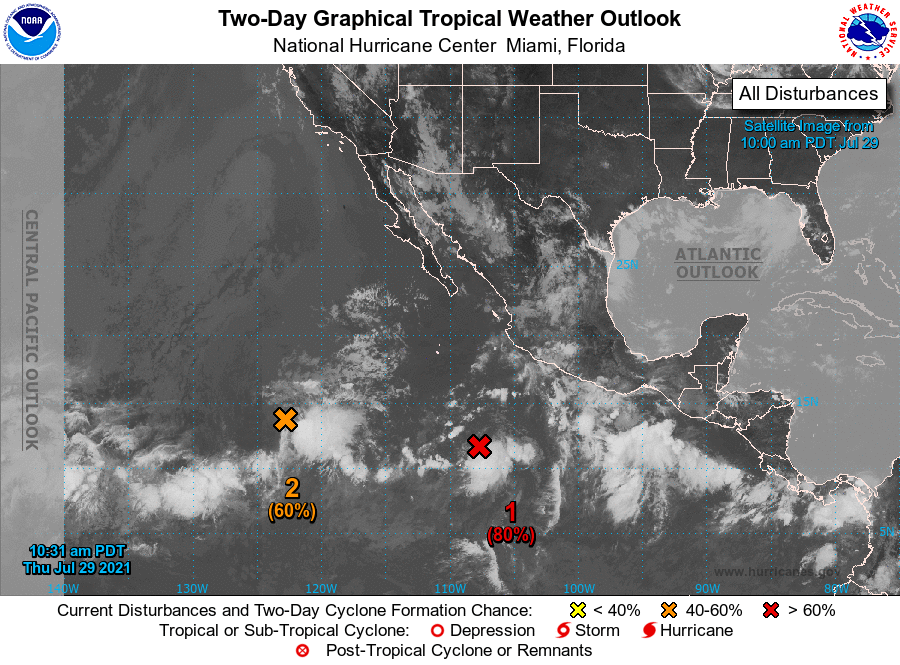
For the eastern North Pacific...east of 140 degrees west longitude:

1. Showers and thunderstorms are gradually organizing in association with an area of low pressure located about 500 miles south-southwest of the coast of southwestern Mexico. Environmental conditions are conducive for continued development, and a tropical depression is expected to form during the next day or two while the system moves west-northwestward at 10 to 15 mph.
* Formation chance through 48 hours...high...80 percent.
* Formation chance through 5 days...high...90 percent.

2. Another area of low pressure is located about 1100 miles southwest of the southern tip of the Baja California peninsula. Although the circulation appears well defined, showers and thunderstorms are poorly organized and confined to an area southeast of the center. Upper-level winds are expected to become more conducive for development during the next couple of days, and a tropical depression is likely to form over the weekend while the system moves generally westward at 5 to 10 mph.
* Formation chance through 48 hours...medium...60 percent.
* Formation chance through 5 days...high...80 percent.

Forecaster Cangialosi/Reinhart